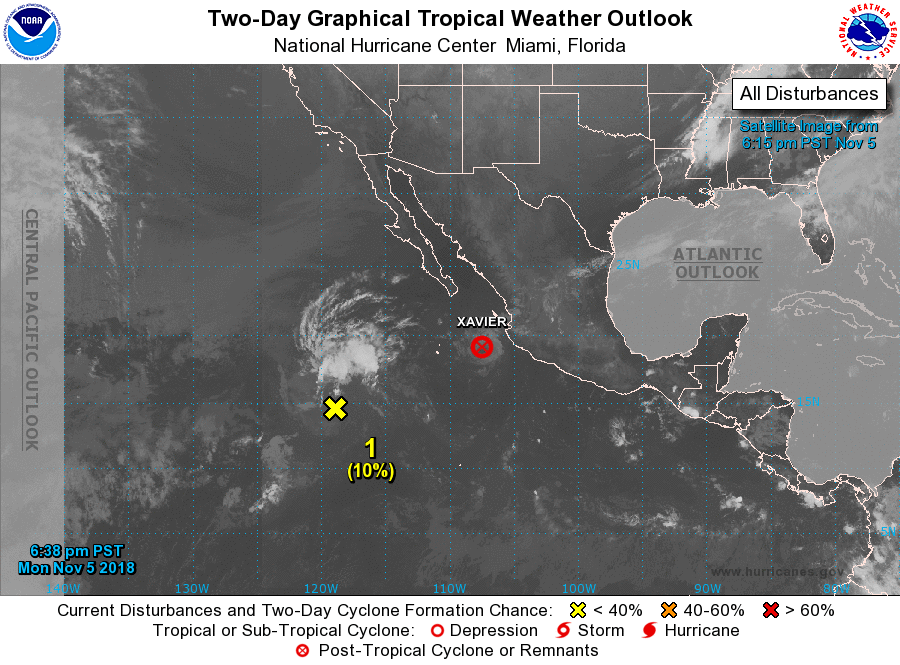
For the eastern North Pacific...east of 140 degrees west longitude:

The National Hurricane Center is issuing advisories on Tropical Storm Xavier, located about 125 miles southwest of Cabo Corrientes, Mexico.

1. A weak area of low pressure located about 850 miles southwest of the southern tip of the Baja California peninsula is producing disorganized shower and thunderstorm activity. Upper-level winds are becoming less conducive, and significant development of this system is not expected while it drifts northwestward during the next couple of days.
* Formation chance through 48 hours...low...10 percent.
* Formation chance through 5 days...low...10 percent.

Forecaster Landsea